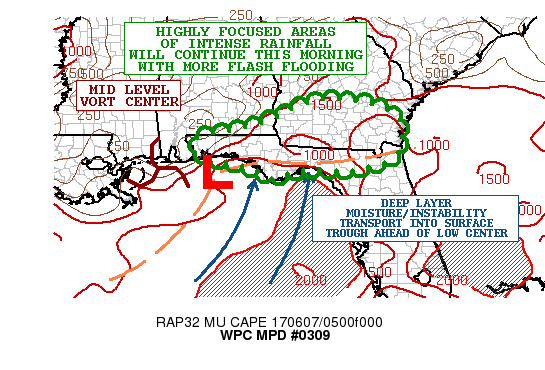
AREAS AFFECTED...FL PANHANDLE...FAR SOUTHEAST AL...SOUTHERN GA

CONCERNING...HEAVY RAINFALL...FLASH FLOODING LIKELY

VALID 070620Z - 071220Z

SUMMARY...HIGHLY FOCUSED AREAS OF HEAVY SHOWERS AND THUNDERSTORMS
WILL CONTINUE TO BE A CONCERN OVER THE NEXT SEVERAL HOURS.
ADDITIONAL FLASH FLOODING CONCERNS ARE EXPECTED.

DISCUSSION...LATEST EXPERIMENTAL GOES-16 WV IMAGERY SHOWS A RATHER
BROAD SOUTHERN STREAM MID LEVEL TROUGH MOVING SLOWLY EAST ACROSS
THE CENTRAL AND NORTHERN GULF OF MEXICO WITH A RATHER COMPACT VORT
CENTER JUST SOUTH OF THE CENTRAL GULF COAST. A SURFACE LOW CENTER
IS SITUATED ALSO JUST SOUTH OF MOBILE BAY. RADAR IMAGERY SHOWS AN
AREA OF PERSISTENT AND HIGHLY CONCENTRATED HEAVY
SHOWERS/THUNDERSTORMS AROUND THE NORTHEAST FLANK OF THE VORT
CENTER IMPACTING SANTA ROSA AND OKALOOSA COUNTIES...WITH A GRADUAL
SLOW DRIFT OFF TO THE EAST.

THERE IS A CORRIDOR OF ENHANCED SURFACE MOISTURE CONVERGENCE
OCCURRING ACROSS THESE AREAS AHEAD OF THE VORT CENTER AND WITH AT
LEAST MODEST INSTABILITY STILL POOLED OUT OVER THE NORTHERN GULF
OF MEXICO ADVANCING NORTH AHEAD OF THE SURFACE LOW CENTER...THERE
WILL BE A PERSISTENCE OF THIS CONVECTION WITH LOCALLY EXTREMELY
HEAVY RAINFALL RATES THAT WILL BE IN THE 2 TO 3 INCH/HR RANGE
GIVEN A HIGHLY EFFICIENT AND DEEP COLUMN OF MOISTURE/HIGH PWATS.
THIS WILL LIKELY MAINTAIN THE THREAT FOR ADDITIONAL FLASH
FLOODING...WITH WALTON...WASHINGTON AND BAY COUNTIES NEXT IN LINE
TO SEE THIS ACTIVITY.

MEANWHILE...SOME ADDITIONAL CONVECTION HAS BEEN ATTEMPTING TO FORM
FARTHER EAST ACROSS THE FL PANHANDLE AND APPROACHING FAR SOUTHERN
GA ALONG A LOW LEVEL CONVERGENCE AXIS/SURFACE TROUGH. THIS
CONVECTION IS EXPECTED TO MAINTAIN ITSELF AND LIFT A BIT FARTHER
NORTH AS THE VORT CENTER MOVES EAST AND INTERACTS WITH THIS
CONVERGENCE ZONE. GIVEN THE VERY MOIST PROFILES HERE AND SLOW
CELL-MOTION COUPLED WITH AT LEAST SOME TRAINING POTENTIAL...THERE
WILL BE CONCERNS FOR LOCALLY ENHANCED RAINFALL TOTALS HERE TOO AND
POSSIBLE RUNOFF PROBLEMS.

EXPECT POCKETS OF AS MUCH AS AN ADDITIONAL 3 TO 5+ INCHES OF RAIN
NEAR AND TO THE NORTHEAST OF THE VORT CENTER AS IT TRAVERSES ALONG
THE COAST OF THE FL PANHANDLE THROUGH THE EARLY MORNING HOURS.